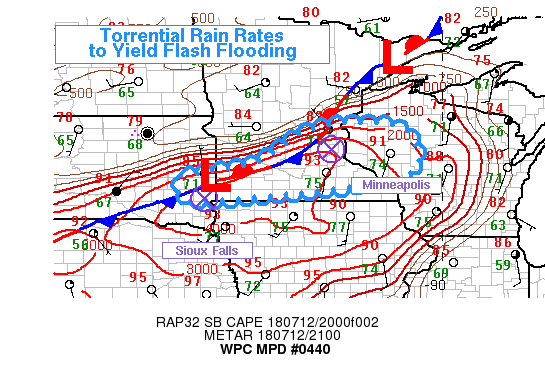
AREAS AFFECTED...SRN MN...WRN WI...ERN SD

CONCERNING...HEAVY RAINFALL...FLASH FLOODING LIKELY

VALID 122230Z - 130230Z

SUMMARY...CONVECTION DEVELOPING IN A LARGE CAPE / HIGH
PRECIPITABLE WATER ENVIRONMENT WILL PRODUCE PROLIFIC INSTANTANEOUS
RAIN RATES. ANY TRAINING THAT OCCURS WITHIN CONFLUENT LOW LEVEL
FLOW AND OVER CITIES SUCH AS MINNEAPOLIS...WILL LIKELY LEAD TO
FLASH FLOODING.

DISCUSSION...AT 22Z SURFACE WINDS MET NEAR MITCHELL SD...ALONG A
FRONTAL BOUNDARY SAGGING INTO THE NORTHERN PLAINS...AND DIVERGED
WITH CONFLUENT FRONTOGENETICAL FLOW NEAR AND EAST OF LOW
PRESSURE...FROM THE VICINITY OF SIOUX FALLS TO THE WESTERN AND
NORTHERN SUBURBS OF MINNEAPOLIS. RADAR TRENDS SHOWED EXPLOSIVE
THUNDERSTORM GROWTH ALONG THIS LINE...AND THE ACTIVITY WILL BE
SUPPORTED THIS EVENING BY BOTH EXTREME INSTABILITY / SFC-BASED
CAPE 4000 J/KG-PLUS FUELED BY MID 70S SFC TD / AND FAVORABLE
SYNOPTICS.

MID LEVEL CLOUDS IN VISIBLE SATELLITE IMAGERY WERE INDICATIVE OF
AN INFLECTION POINT OVER SOUTH CENTRAL SD...WITH THE DIFLUENT JET
ENTRANCE REGION DOWNSTREAM...COINCIDING WITH THE ERUPTION OF
CONVECTION ALONG THE FRONT. THIS FORCING...ALONG WITH CONFLUENT
850-700 MB FLOW...AND CORFIDI VECTORS FOR FORWARD PROPAGATION
WHICH DEVIATE VERY LITTLE FROM THE MEAN 0-6 KM WINDS...WILL SET
THE STAGE FOR A FEW LOCAL EPISODES OF TRAINING CELLS. THE
SITUATION SHOULD EVENTUALLY YIELD WEST TO EAST FORWARD PROPAGATION
PER THE BETTER PERFORMING GUIDANCE / NSSL WRF AND WRF-ARW / BUT
THE CONCERN IS THAT THE TANDEM OF EXTREME CAPE WITH PRECIPITABLE
WATER VALUES ABOVE 1.75 INCHES WILL ALLOW FOR EXTREME SHORT TERM
RAIN RATES OVER 3 INCHES PER HOUR. GIVEN THAT THE INITIAL
CONVECTION - PRIOR TO COLD POOL FORMATION - IS DEVELOPING ACROSS
THE TWIN CITIES...IT WOULD APPEAR THAT FLASH FLOODING IS LIKELY IN
THE CITY...AND POSSIBLE ELSEWHERE WITHIN THE OUTLINED AREA.